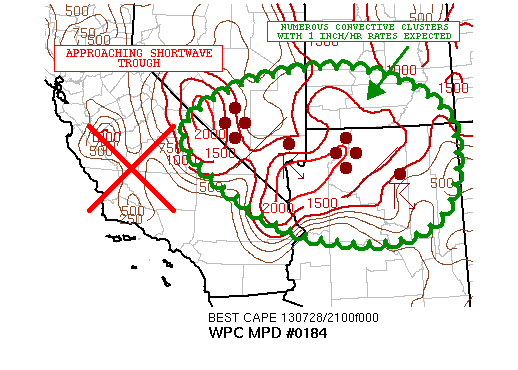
AREAS AFFECTED...EASTERN CA...SOUTHERN NV...SOUTHERN UT...NORTHERN
AZ

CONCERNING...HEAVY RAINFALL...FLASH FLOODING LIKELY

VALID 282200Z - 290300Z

SUMMARY...GRADUALLY INCREASING CLUSTERS OF CONVECTION ARE
ANTICIPATED OVER THE NEXT FEW HOURS...WITH ADDITIONAL POCKETS OF
FLASH FLOODING EXPECTED.

DISCUSSION...LATEST IR SAT IMAGERY SHOWS COOLING CONVECTIVE CLOUD
TOPS AS STRONG DIURNAL HEATING CONTINUES AND WORKS IN TANDEM WITH
AN ABUNDANCE OF MONSOONAL MOISTURE. THE LATEST RAP ANALYSIS SHOWS
A REGIONAL POOL OF SBCAPE VALUES OF 2000 TO 2500 J/KG OVER SRN
NV...EXTREME NWRN AZ AND SWRN UT. GIVEN THE FAVORABLE INSTABILITY
ENVIRONMENT AND WITH THE APPROACH OF A SHORTWAVE TROUGH SEEN
MOVING EAST INTO S CNTRL CA ATTM...WILL BE EXPECTING THE
CONVECTION OVER THE NEXT COUPLE OF HOURS TO ATTAIN GREATER
ORGANIZATION...WITH NUMEROUS CLUSTERS OF HVY SHWRS/TSTMS.
OROGRAPHIC FORCING INVOF THE SRN SIERRA-NEVADA...THE SRN WASATCH
MTNS AND THE MOGOLLON RIM WILL ENHANCE THE CONVECTIVE POTENTIAL
THROUGH THE SHORT-TERM.

RAINFALL RATES IN EXCESS OF 1 INCH/HR ARE EXPECTED...AND GIVEN THE
RATHER SLOW-MOVEMENT SEEN ATTM WITH THE ACTIVITY...THERE WILL
AGAIN BE A LOCALLY ENHANCED THREAT FOR FLASH FLOODING.